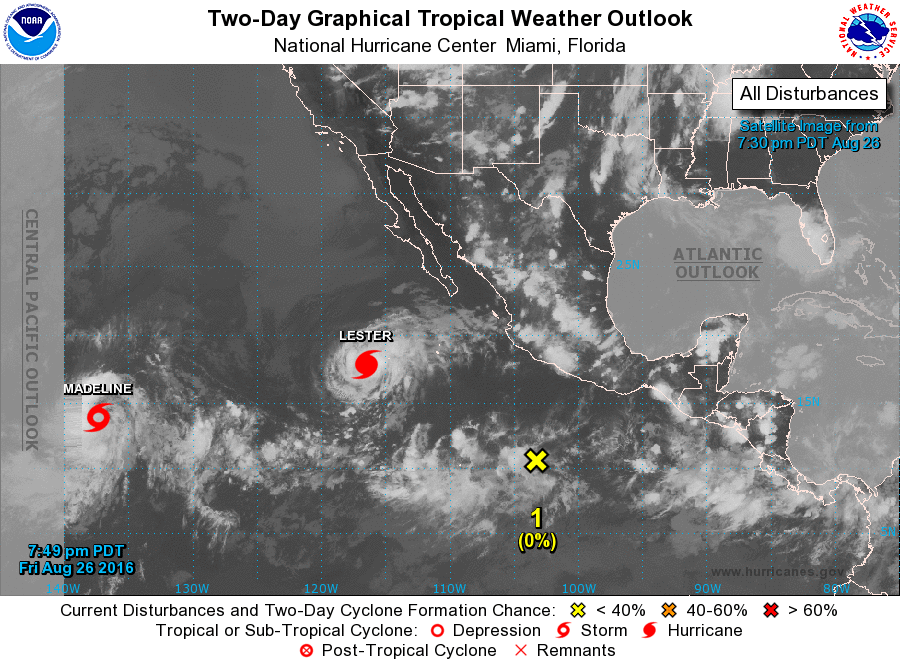
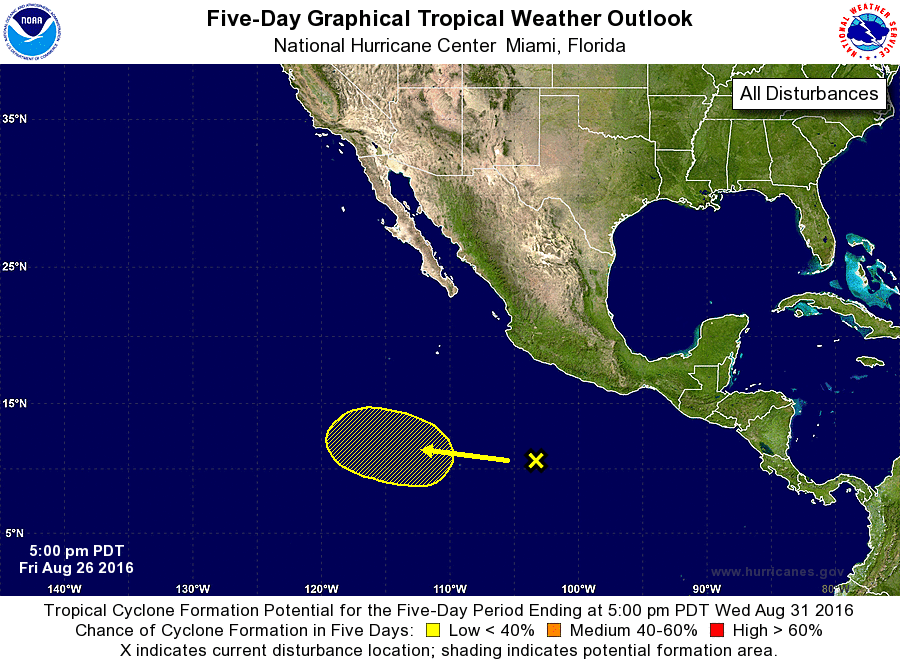
For the eastern North Pacific...east of 140 degrees west longitude:

The National Hurricane Center is issuing advisories on Tropical Storm Lester, located several hundred miles southwest of the southern tip of the Baja California Peninsula and on newly formed Tropical Depression Fourteen-E, located about 1300 miles east-southeast of Hawaii.

1. A large area of disturbed weather has formed several hundred miles south of the southwestern coast of Mexico. Environmental conditions are expected to be somewhat conducive for gradual development after the weekend while the system moves west-northwestward at 10 to 15 mph.
* Formation chance through 48 hours...low...near 0 percent
* Formation chance through 5 days...low...30 percent

Public Advisories on Fourteen-E are issued under WMO header WTPZ34 KNHC and under AWIPS header MIATCPEP4. Forecast/Advisories on Fourteen-E are issued under WMO header WTPZ24 KNHC and under AWIPS header MIATCMEP4.

Forecaster Blake